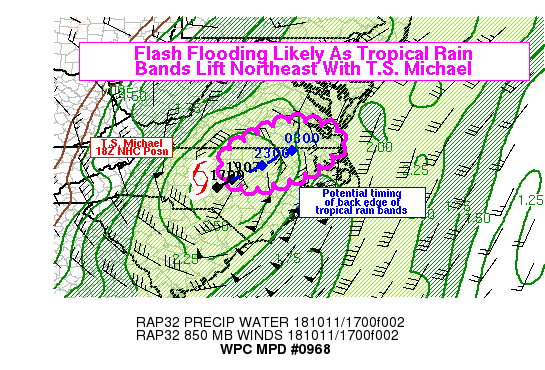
Areas affected...Central & Northeast North Carolina; Southeast
Virginia

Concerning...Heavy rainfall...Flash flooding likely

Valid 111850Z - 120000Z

Summary...Along and south of the track of Tropical Storm Michael,
heavy tropical rain bands are expected to lift northeast with the
storm. These rain bands may produce rain rates to 2-3 in/hr and
are likely to lead to flash flooding, particularly in urban areas.

Discussion...At 18Z, NHC analyzed Tropical Storm Michael to be
moving quickly northeast through central North Carolina. A fairly
wide rain band (approx 40 mi) was situated ahead of the center of
circulation, in a region of strong low-level inflow (850mb winds
in excess of 50 knots per radar VWPs) and moderate instability
(MUCAPE 1000-1500 j/kg per RAP analysis). This rain band should
continue to lift northeast with Michael's circulation through the
rest of the afternoon and spread heavy rainfall across much of
northern North Carolina and southeast Virginia. This rain band,
like Michael's circulation, should be fairly progressive, but the
width of the inflow rain bands should allow for heavy rain to
persist in some areas for 2-3 hours. This should be sufficient for
some flash flooding, particularly when it intersects urban areas.
Precipitable water values were well above 2 inches. When combined
with relatively strong instability for a tropical environment,
this should yield rain rates of 2-3 in/hr in the heaviest rain
bands. By 00Z, the progression of Michael should shift the
majority of the rain into far northeast North Carolina or
southeast Virginia.